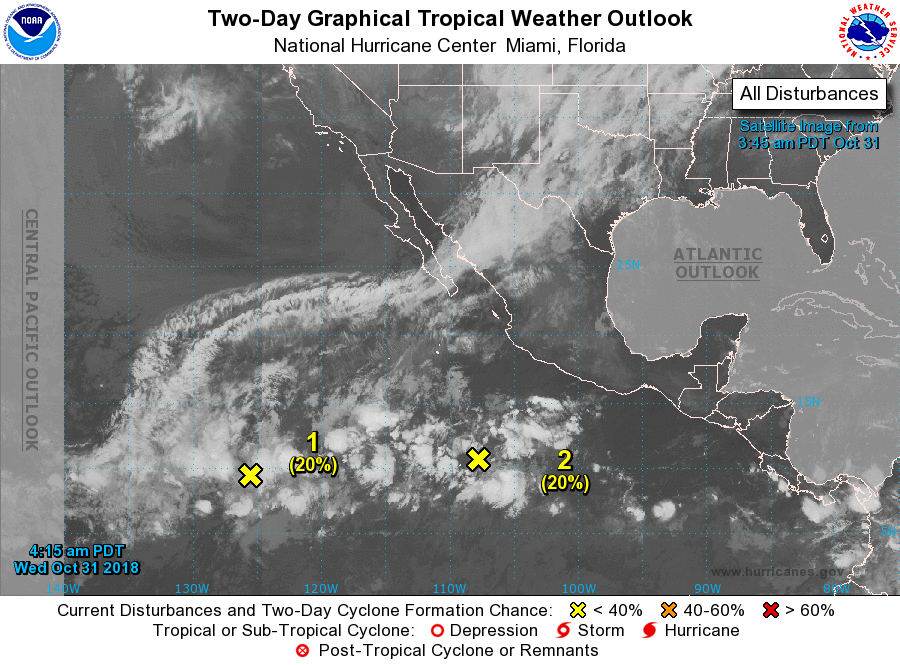
For the eastern North Pacific...east of 140 degrees west longitude:

1. Showers and thunderstorms associated with a broad area of low pressure located about 1400 miles southwest of the southern tip of the Baja California peninsula remain disorganized. Upper-level winds are expected to be only marginally conducive for some slow development of this system over the next couple of days while it moves toward the west or west-northwest at 5 to 10 mph.
* Formation chance through 48 hours...low...20 percent.
* Formation chance through 5 days...low...20 percent.

2. A large area of disturbed weather is located several hundred miles south and southwest of the southwestern coast of Mexico. Environmental conditions are forecast to be conducive for gradual development of this system during the next several days, and a tropical depression could form later this week or this weekend while it moves west-northwestward to northwestward at 5 to 10 mph.
* Formation chance through 48 hours...low...20 percent.
* Formation chance through 5 days...medium...60 percent.

Forecaster Berg